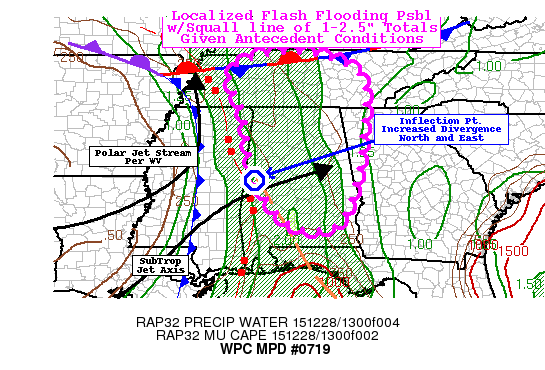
AREAS AFFECTED...C TENNESSEE...EXT NE MISSISSIPPI...ALABAMA...NW
GEORGIA

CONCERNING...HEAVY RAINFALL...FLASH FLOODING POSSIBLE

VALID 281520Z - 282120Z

SUMMARY...SLIGHT THREAT FOR ISOLATED FLASH FLOODING AS POTENT
SQUALL LINE GIVEN ANTECEDENT CONDITIONS/FLOODING OF MAIN STEM
RIVERS.

DISCUSSION...WV SHOWS WELL DEVELOPED UPPER OVER E OK SWINGING A
VORT LOBE AROUND THE BASE TIGHTENING THE NEGATIVE TILT OF THE TROF
AND ENHANCING CONFLUENCE OF WSW POLAR STREAM AND SW SUBTROPICAL
STREAM ACROSS LA PINCHING TO AN INFLECTION POINT JUST NORTH OF MEI
BEFORE POLAR JET AXIS LIFTS NORTH  THIS CORRESPONDS WELL WITH
INCREASED DIVERGENCE SIGNAL IN RAP ANALYSIS AS WELL AS CONFLUENCE
POINT AT THE SURFACE OF WELL DEFINED SQUALL LINE AND NW-SE
ORIENTED LINE OF SEVERE CONVECTION ACROSS S AL/W FL PANHANDLE
TAKING THE APPEARANCE OF A PSEUDO-WARM FRONT STRUCTURE...THIS
ALLOWS FOR EASTWARD EXPANSION OF MODERATE SHOWERS THAT WILL EXPAND
NORTHWARD ACROSS N AL INTO S TN AHEAD OF DEEPER CONVECTION ALONG
SQUALL LINE...WITHIN THE WEDGE BETWEEN THESE TWO FEATURES IS A
VERY UNSTABLE WEDGE OF INSTABILITIES IN EXCESS OF 1500 J/KG WHICH
ASCENDED OVER THE BOUNDARY FOR MUCAPES OF 500-1000 J/KG AVAILABLE
FOR CONTINUED CONVECTIVE STRENGTH OF THE SQUALL LINE AS IT
PROGRESSES EASTWARD.  COINCIDENT TPW OF NEAR 2" AHEAD OF THE
SQUALL UP TO CENTRAL AL AND VALUES IN THE 1.5-1.7" RANGE AS FAR N
AS CENTRAL TN WILL CONTINUE TO SUPPORT RAINFALL EFFICIENCY OF
1.25"-1.5" UP TO THE TN LINE BUT LESSENING TO .5-.75" WITH REDUCED
INSTABILITY ACROSS TN.  SHIELD PRECIPITATION THAT IS EXPANDING
PRIOR TO THE SQUALL COULD SUPPORT .25-.5" ACROSS N AND CENTRAL AL.

NEGATIVELY THOUGH...DUE TO DEEP STRONG SWLY FLOW...SQUALL LINE
MOTION IS FAST TO NOT ALLOW FOR SIGNIFICANT TOTALS WITH 1-2"
EXPECTED WITH POSSIBLE LOCALIZED AREAS OF UP TO 2.5" ACROSS
CENTRAL AL NEAR THE INFLECTION POINT.  THESE TOTALS WOULD NOT BE
SUFFICIENT TO ECLIPSE FFG VALUES EXCEPT FOR MAYBE N AL/W AND S
CENTRAL TN WHERE VALUES ARE BELOW 2" IN 3HRS.  HOWEVER...WITH
EARLIER THIS WEEK 5-8" TOTALS ACROSS MUCH OF AL INTO NW GA...FFG
VALUES MAY HAVE REBOUNDED TOO FAST AND WINTER SOIL CONDITIONS MAY
NOT BE AS RESPONSIVE TO SUCH A QUICK BURST.  STILL THINKING
OVERALL CONDITIONS OF FLASH FLOODING WOULD BE HIGHLY LOCALIZED OR
VERY NEAR FLOODED RIVERS THAT BACK UP INTO THE FEEDING STREAMS.